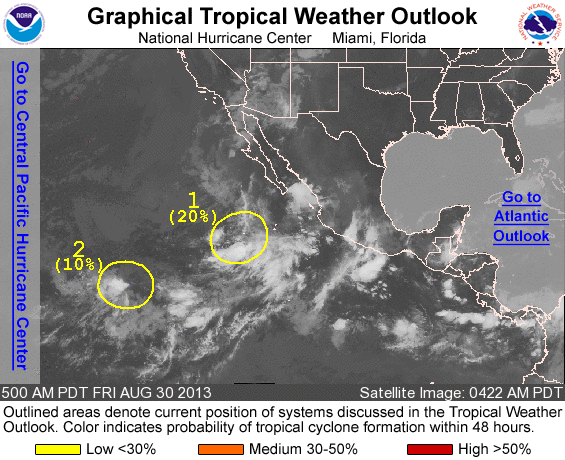
FOR THE EASTERN NORTH PACIFIC...EAST OF 140 DEGREES WEST LONGITUDE..

1. SHOWER ACTIVITY ASSOCIATED WITH AN AREA OF LOW PRESSURE CENTERED ABOUT 525 MILES SOUTHWEST OF THE SOUTHERN TIP OF THE BAJA CALIFORNIA PENINSULA REMAINS DISORGANIZED THIS MORNING. SOME DEVELOPMENT OF THIS SYSTEM IS POSSIBLE DURING THE NEXT DAY OR SO WHILE THIS SYSTEM MOVES NORTHWARD AT 10 TO 15 MPH. THE LOW IS FORECAST TO REACH COOLER WATERS IN A ABOUT A DAY AND DEVELOPMENT AFTER THAT TIME IS NOT EXPECTED. THIS SYSTEM HAS A LOW CHANCE...20 PERCENT...OF BECOMING A TROPICAL CYCLONE DURING THE NEXT 48 HOURS...AND ALSO A LOW CHANCE...20 PERCENT...OF BECOMING A TROPICAL CYCLONE DURING THE NEXT 5 DAYS.

2. SHOWER AND THUNDERSTORM ACTIVITY ASSOCIATED WITH AN AREA OF LOW PRESSURE LOCATED ABOUT 1550 MILES WEST-SOUTHWEST OF THE SOUTHERN TIP OF THE BAJA CALIFORNIA PENINSULA HAS CHANGED LITTLE OVER NIGHT. ANY DEVELOPMENT OF THIS SYSTEM SHOULD BE SLOW TO OCCUR DURING THE NEXT COUPLE OF DAYS AS IT MOVES SLOWLY NORTHEASTWARD. THIS DISTURBANCE HAS A LOW CHANCE...10 PERCENT...OF BECOMING A TROPICAL CYCLONE DURING THE NEXT 48 HOURS...AND A LOW CHANCE...20 PERCENT...OF BECOMING A TROPICAL CYCLONE DURING THE NEXT 5 DAYS.

FIVE-DAY FORMATION PROBABILITIES ARE EXPERIMENTAL IN 2013. COMMENTS ON THE EXPERIMENTAL FORECASTS CAN BE PROVIDED AT... HTTP://WWW.NWS.NOAA.GOV/SURVEY/NWS-SURVEY.PHP?CODE=ETWO

FORECASTER LANDSEA